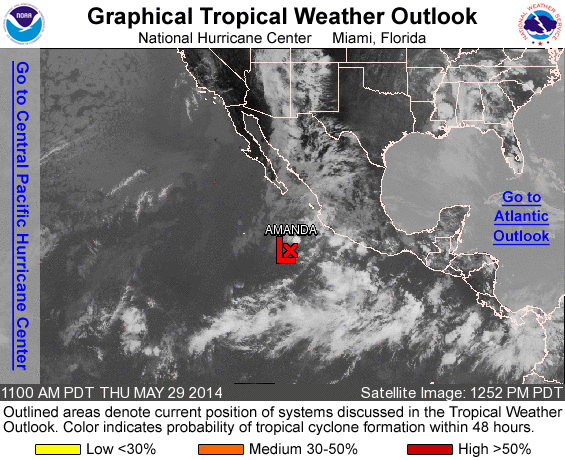
For the eastern North Pacific...east of 140 degrees west longitude:

The National Hurricane Center is issuing advisories on Tropical Depression Amanda, located several hundred miles south of the southern tip of the Baja California peninsula of Mexico.

An area of low pressure could form to the south of Mexico this weekend. Environmental conditions appear conducive for some development of this system early next week as it moves little.
* Formation chance through 48 hours...low...near 0 percent
* Formation chance through 5 days...low...20 percent

Forecaster Cangialosi